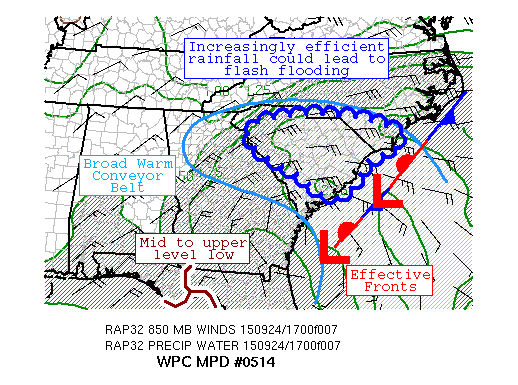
AREAS AFFECTED...MUCH OF SC & SOUTHEASTERNMOST NC

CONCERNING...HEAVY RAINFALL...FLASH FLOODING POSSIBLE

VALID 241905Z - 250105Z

SUMMARY...EFFICIENT RAINFALL HAS BEGUN TO FALL ACROSS SC.  RAIN
RATES COULD INCREASE OVER THE NEXT SEVERAL HOURS CLOSER TO THE
NC/SC COAST AS WELL AS ACROSS THE PIEDMONT.  FLASH FLOODING IS
POSSIBLE.

DISCUSSION...A PAIR OF SURFACE LOWS SHOW UP IN SURFACE
OBSERVATIONS WITHIN WHAT APPEARS TO BE AN INFLOW BAND ON SATELLITE
IMAGERY OFFSHORE THE CENTRAL SC COAST WITH WHAT HAS BEEN THE MAIN
CIRCULATION EAST OF SAVANNAH GA.  INFLOW INTO THE REGION IS
ROUGHLY OUT OF THE EAST-SOUTHEAST AT 25 KTS PER VAD WIND PROFILES.
 SOME CIN STILL EXISTS ACROSS THE REGION AS IT HAS BEEN CLOUDY ALL
DAY.  MUCAPES ARE IN THE 250+ J/KG RANGE ACROSS PORTIONS OF
CENTRAL SC, WITH HIGHER VALUES CREEPING INTO THE UPPER SC COAST.
AS SAB POINTED OUT IN THEIR SPENES MESSAGE AT 1733Z, CONVERGENCE
IN THE LOW-LEVELS IS SHOWING UP IN MODEL MASS FIELDS AS WELL AS
SATELLITE AND RADAR IMAGERY ACROSS THE NORTHERNMOST COAST OF SC.
OBSERVATIONS FROM THE COLUMBIA SC AREA INDICATE RAINFALL COULD BE
EXCEEDING RAINFALL ESTIMATES, WITH 1.26" FALLING IN ONE HOUR AT
CAE.  PRECIPITABLE WATER VALUES ARE IN THE 2-2.2" RANGE PER GPS
VALUES, 1.5-2 SIGMAS ABOVE THE MEAN FOR LATE SEPTEMBER.

THE GUIDANCE SHOWS INSTABILITY INCREASING THROUGH THE AFTERNOON
INTO THE EVENING HOURS NEAR THE SC/NC BORDER, WHILE VALUES ACROSS
SC REMAIN UNDER 500 J/KG.  MEANWHILE, 850 HPA INFLOW RAMPS UP TO
30-40 KTS ACROSS SC, WHICH WOULD BE AT LEAST DOUBLE THE 850-400
HPA MEAN WIND IN THE AREA.  RAP FORECASTS INDICATE PWS MAY BREACH
2.25" OVER THE NEXT SEVERAL HOURS.  WHAT HAS BEEN A GENERALLY LONG
DURATION RAIN EVENT MAY BE TRANSITIONING INTO A FLASH FLOOD
SCENARIO. THE CAM GUIDANCE INDICATES LOCAL AMOUNTS OF ~3" OVER THE
NEXT SEVERAL HOURS.  UPSLOPE FLOW INTO THE TOPOGRAPHY OF THE
CAROLINAS CAN BE TRICKY, AND THE GUIDANCE (AS WELL AS RADAR
ESTIMATES) CAN UNDERESTIMATE THE QPF MAGNITUDE WITHIN THIS SORT OF
REGIME.  DUE TO THIS, THOUGHT IT PRUDENT TO ISSUE AN MPD FOR
POSSIBLE FLASH FLOODING.  HOURLY RAIN RATES NEAR THE NC/SC BORDER
COULD REACH 2.5" IN THIS MOIST AND UNSTABLE AIR MASS, WHILE HOURLY
RATES UP TO 1.5" ARE EXPECTED INLAND.  OVER A FEW HOURS, THIS SORT
OF RAINFALL COULD EXCEED THE HIGH FLASH FLOOD GUIDANCE VALUES IN
THIS AREA.